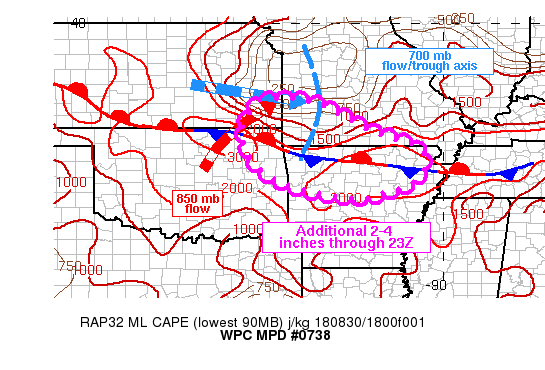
Areas affected...southwest MO, southeast KS, northern AR,
northeast OK

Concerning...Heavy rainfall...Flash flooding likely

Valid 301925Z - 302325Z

Summary...Additional flash flooding appears likely across portions
of southeastern KS into southwestern MO/northeastern OK and
northern AR. Additional 2-4 inch totals are expected through 23Z.

Discussion...Radar and infrared satellite imagery showed a
weakening convective complex with warming cloud tops moving along
the western MO/AR border, but a second cluster on its heels along
the southern KS/MO border with cooling cloud tops. The second
(strengthening) cluster appeared to be elevated, rooted somewhere
between 850 and 700 mb, with unidirectional westerly flow near and
above 700 mb promoting training. Despite portions of southeast
KS/southwest MO having been impacted by earlier heavy rain over
the past 6 hours, the 18Z SPC mesoanalysis depicted a reservoir of
large instability (2000-3000+ J/kg MLCAPE) present over
northeastern OK into central AR to the south of a stationary
front, likely feeding in from the south to help sustain rainfall
rates of 1-2 in/hr in what would otherwise be a worked over
atmosphere. Trends in radar suggest this area will track over some
of the same regions of southwest MO that were impacted by earlier
heavy rain, increasing the threat for additional flash flooding
over the next few hours. Therefore flash flooding appears likely
in the short term, but a turn toward the right into higher
instability is possible toward 00Z.

Flow across the region remains fairly diffluent in the 500-300 mb
layer, which should help to support vertical lift through the
column but it is unclear how long heavy rainfall will continue
across western portions of the MPD threat area given placement
behind a departing low-mid level shortwave located over southwest
MO as of 19Z. Moderate to strong CAPE over central AR and weak
mean storm motions of 1-10 kt may promote a localized flash flood
threat farther to the south across portions of north-central AR
given the weak low-mid level flow. Hi-Res models have struggled to
handle convective development across this region so far today
which lowers confidence a bit compared to average heading through
the remainder of the afternoon.